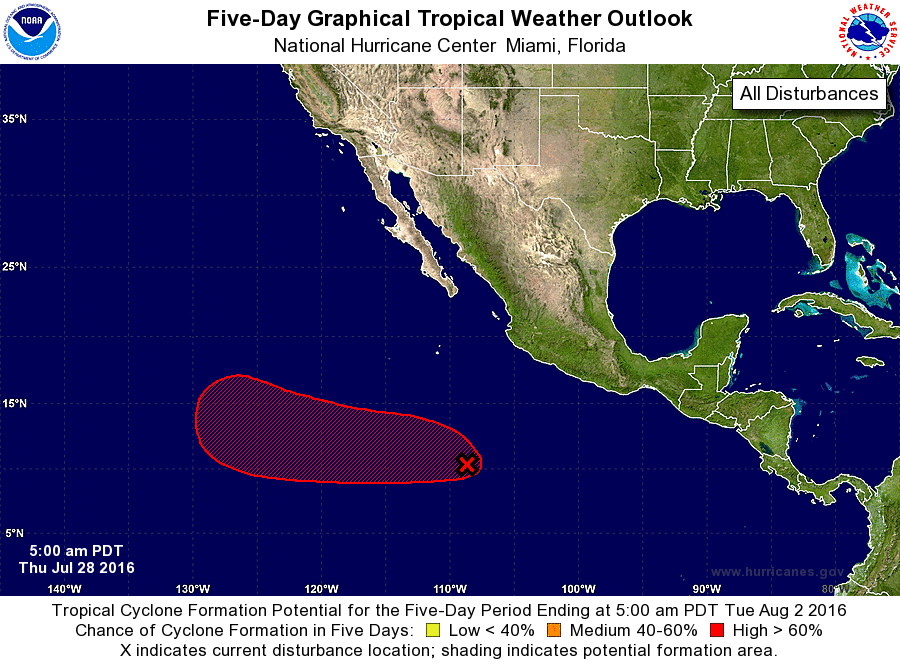
For the eastern North Pacific...east of 140 degrees west longitude:

The National Hurricane Center is issuing advisories on Tropical Storm Frank, located several hundred miles west of the southern tip of the Baja California peninsula.

1. Showers and thunderstorms associated with a broad area of low pressure located several hundred miles south of the southern tip of the Baja California peninsula continue to show signs of organization. Environmental conditions are forecast to become increasingly conducive for additional development, and a tropical depression is likely to form over the weekend or early next week while the low moves west-northwestward at about 10 mph.
* Formation chance through 48 hours...low...20 percent
* Formation chance through 5 days...high...70 percent

Forecaster Blake